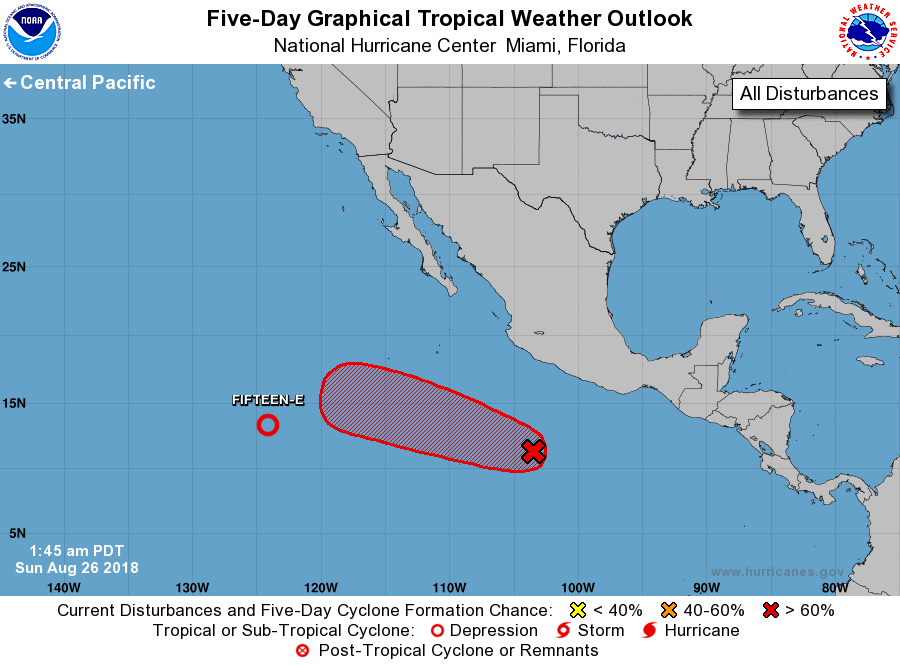
For the eastern North Pacific...east of 140 degrees west longitude:

Special Tropical Weather Outlook issued to update the discussion of the low-pressure system southwest of the Baja California peninsula.

1. Recent satellite-derived surface wind data indicate that the well-defined low pressure system located about 1100 miles southwest of the southern tip of the Baja California peninsula is developing into a tropical depression. As a result, advisories will be issued on Tropical Depression Fifteen-E at 200 am PDT this Sunday morning.
* Formation chance through 48 hours...high...near 100 percent.
* Formation chance through 5 days...high...near 100 percent.

2. A broad low pressure system located about 500 miles south-southwest of Acapulco, Mexico, is producing a large area of cloudiness and disorganized showers and thunderstorms. Environmental conditions are expected to be conducive for gradual development of this disturbance over the next several days, and a tropical depression is likely to form by the middle of next week while the system moves westward to west-northwestward at 10 mph.
* Formation chance through 48 hours...medium...40 percent.
* Formation chance through 5 days...high...80 percent.

Forecaster Stewart